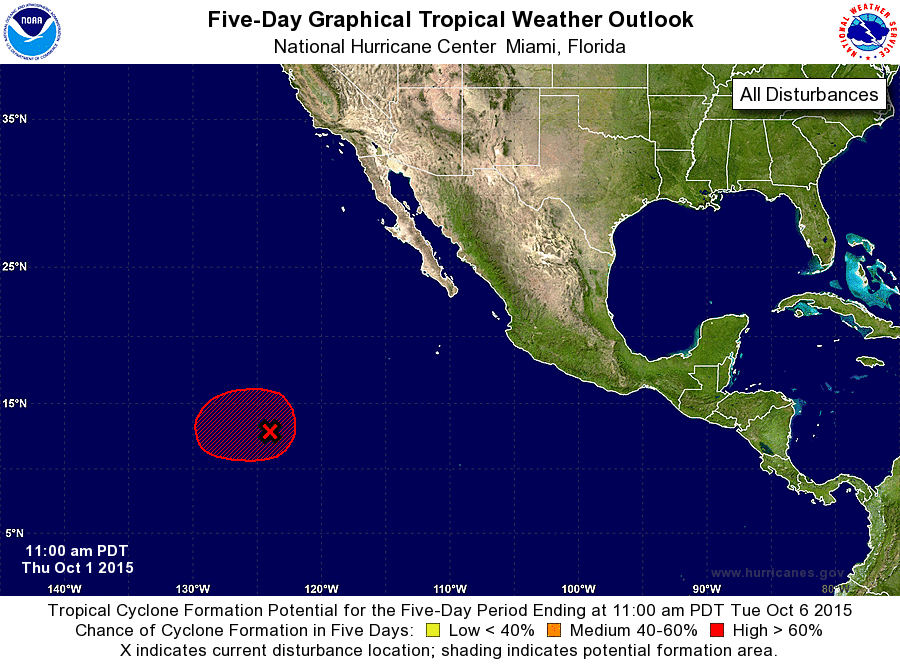
For the eastern North Pacific...east of 140 degrees west longitude:

1. A broad area of low pressure located about 1100 miles southwest of the southern tip of the Baja California peninsula has become less organized since yesterday. However, environmental conditions are still forecast to be conducive for development, and a tropical depression is likely to form in a few days while the low moves slowly westward.
* Formation chance through 48 hours...medium...50 percent
* Formation chance through 5 days...high...70 percent

Forecaster Blake